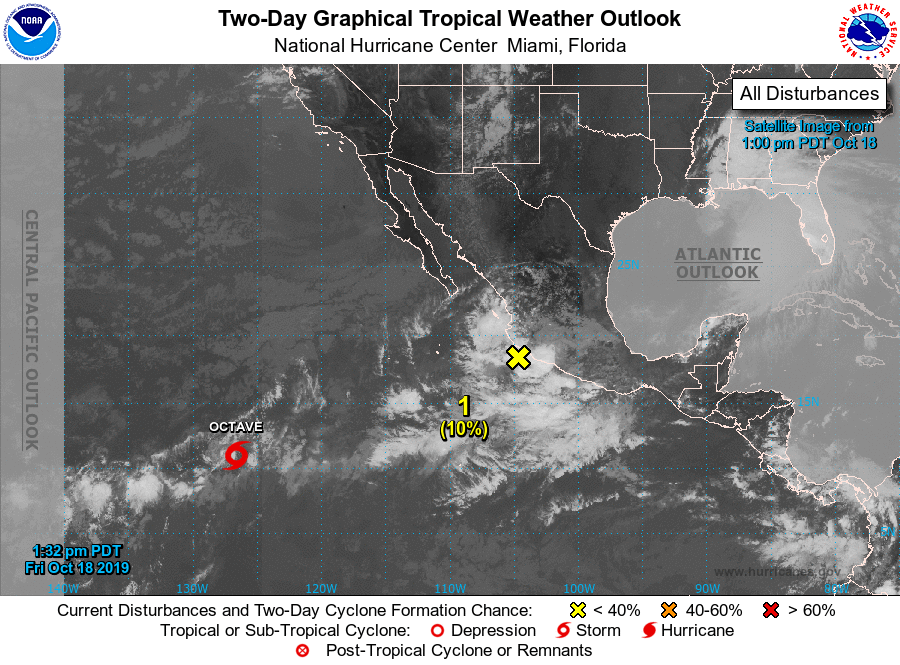
For the eastern North Pacific...east of 140 degrees west longitude:

The National Hurricane Center is issuing advisories on Tropical Storm Octave, located over the southwestern portion of the eastern Pacific basin.

1. Disorganized showers and thunderstorms located off the west-central coast of Mexico are associated with a surface trough of low pressure. A weak low pressure system is expected to form along this trough tonight or Saturday, but significant development of the low is not expected before it moves inland over west-central Mexico by late Sunday. Regardless of development, heavy rainfall could produce flash flooding and mudslides across portions of Michoacan, Colima, and Jalisco, especially in areas of mountainous terrain, during the next few days.
* Formation chance through 48 hours...low...10 percent.
* Formation chance through 5 days...low...10 percent.

Tropical cyclone formation is not expected during the next 5 days.

Public Advisories on Octave are issued under WMO header WTPZ33 KNHC and under AWIPS header MIATCPEP3. Forecast/Advisories on Octave are issued under WMO header WTPZ23 KNHC and under AWIPS header MIATCMEP3.

Forecaster Berg